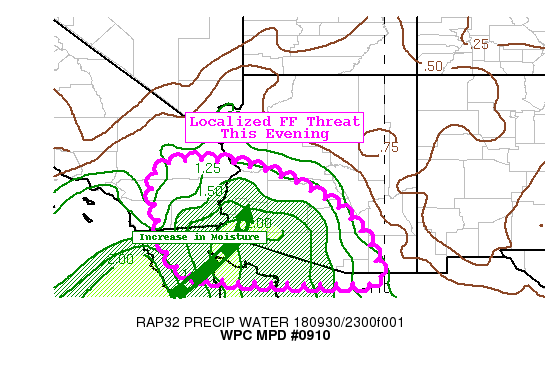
Areas affected...Southern AZ and Southeast CA

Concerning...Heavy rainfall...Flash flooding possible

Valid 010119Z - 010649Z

Summary...Slow moving thunderstorms in a highly efficient
environment may lead to localized flash flooding through the
evening.

Discussion...Most recent mesoanalysis across the area shows SBCAPE
values of around 1500-2000 J/kg with a sharp gradient to less than
500 J/kg across southeast CA. PWATS are very high, running between
1.5 and 1.8" across southern AZ. Aloft, the area is within the
right entrance region of an upper level jet, helping to support
the convection across the area.

There remains a localized near term threat for flash flooding over
the next several hours with some instability expected to persist
across the area through 04-05z. Storms will be capable of hourly
rain rates of around 1"/hr with isolated totals of 1.5" possible,
which would exceed the low FFG across the region. With weak
steering flow, convection will slowly drift northward over the
next several hours with some pockets of training storms possible.